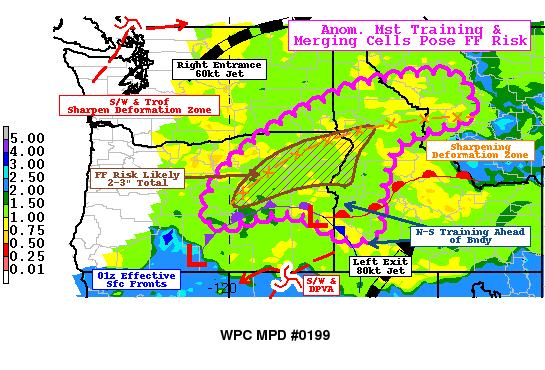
AREAS AFFECTED...NORTHEAST OR...CENTRAL ID...WESTERN MT...EXT
SOUTHEAST WA

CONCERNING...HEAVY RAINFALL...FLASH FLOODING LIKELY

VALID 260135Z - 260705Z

SUMMARY...DEEP CONVECTION TRAINING THEN MERGING ALONG DEFORMATION
ZONE TO PROLONG MODERATE TO HVY RAINFALL CONTINUING TO POSE FLASH
FLOOD RISK THROUGH EARLY OVERNIGHT HOURS.

DISCUSSION...IDEAL SYNOPTIC SETUP FOR A STRONG WELL DEFINED
DEFORMATION ZONE BETWEEN STRONG CLOSED LOW OVER CENTRAL CA COAST
AND FAST MOVING SHORTWAVE/JET STREAK OVER VANCOUVER ISLAND
SHARPENING THE NW SIDE OF THE ZONE.  COMBINE THIS WITH SOLID
SHORTWAVE WITHIN LEFT EXIT REGION OF 80KT JET OVER NW NV/SE OR
SUPPORTING STRONG DPVA AND SURFACE AND LOW LEVEL CYCLOGENESIS
SUPPORTING DEEP LOW LAYER WARM CONVEYOR ACROSS EASTERN NV BENDING
BACK ACROSS INTO THE DEFORMATION ZONE.  CLEAR SKIES AHEAD OF THE
GROWING CLOUD SHIELD OVER THE DEFORMATION ZONE WILL CONTINUE TO
PROVIDE AMPLE BUOYANCY FOR ADDITIONAL CONVECTIVE DEVELOPMENT AS
THE ZONE LIFTS SLOWLY NORTH ACROSS NE OR INTO CENTRAL ID.
UNCAPPED SBCAPES UP TO 1500 AND MUCAPES TO 1750 J/KG ALONG WITH
TPWS IN THE 1.0-1.2" RANGE. GOES-16 VIS AND LIGHTNING DETECTION
NETWORK DENOTE STRONG UPDRAFTS BUT ALSO FAIRLY SOLID DENSITY OF
CONVECTIVE CORES ALONG THE THE DEFORMATION ZONE EVEN INTO CENTRAL
ID AND W MT CURRENTLY

A NNW-SSE BAND EXTENDS FROM THE GENERAL TRIPLE POINT NEAR S
GRANT/NE HARNEY COUNTY BACK TOWARD OWYHEE COUNTY...HAS SOME
REDUCED VALUES DUE TO LOWER MST ABOVE 7H PER CIRA LAYERED PW
ANALYSIS BUT STRONGER CONVERGENCE ALONG THIS EFFECTIVE FRONTAL
ZONE PROVIDE SOLID MOISTURE FLUX FOR EFFICIENT RAINFALL PRODUCTION
IN THE AREA LOCALLY UP TO 1"/HR.  CLOUD BEARING FLOW IS GENERALLY
PERPENDICULAR TO THE BOUNDARY SUPPORTING TRAINING PROFILE UNTIL
CELLS REACH THE DEFORMATION ZONE WITH MERGERS POSSIBLE SUPPORTING
SHORT TERM RATES TO 1.5"/HR.  MODERATE PERSISTENT SHOWERS ALONG
THE WESTERN BRANCH OF THE TROWAL BACK TO THE SW AHEAD OF THE
SHORTWAVE HAS THE POTENTIAL FOR .5"/HR RATES FOR A LONGER DURATION
POSING A FLOODING/FLASH FLOODING RISK AS FAR SW AS NE LAKE THROUGH
06Z.

HI-RES CAMS SUCH AS THE WRF-NMMB, NAM-CONEST AND GEM REGION DEPICT
A GOOD EVOLUTION OF CURRENT TRENDS WITH 1-3" TOTALS LIKELY ALONG
THIS LINE MAXIMIZING NEAR THE BLUE MTN RANGE AT THE EFFECTIVE
TRIPLE POINT AND POTENTIAL FOR LONGEST RAINFALL DURATION THROUGH
THE OVERNIGHT HOURS.  ADDITIONALLY, FFG VALUES IN THE VICINITY ARE
IN THE .5-.75"/HR RANGE AND 1-1.5" RANGE FOR 3-6HRS...GIVEN THIS
SETUP WOULD CONSIDER FLASH FLOODING LIKELY THOUGH IN LOCALIZED
POCKETS FROM CROOK,ORE TO IDAHO, ID COUNTIES.

FURTHER EAST INTO WESTERN MT...GREATER INSOLATION AND INSTABILITY
WILL GENERATE THUNDERSTORMS BUT SHOULD LIFT GENERALLY NORTH IN AN
W-E LINE SO TRAINING WILL BE LIMITED BUT SHORT-TERM RATES MAY POSE
SOME CONCERNS FOR HIGHLY LOCALIZED FLOODING RISK.